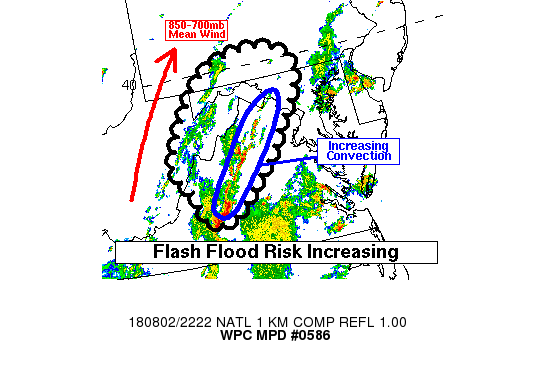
Areas affected...NW VA, W MD, E WV, SC PA

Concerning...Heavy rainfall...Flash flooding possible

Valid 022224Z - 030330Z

Summary...Increasing thunderstorms along and east of the Blue
Ridge Mountains in northern Virginia may begin to repeatedly
affect the same areas and lead to locally heavy rainfall and flash
flooding in those portions of Virginia, and perhaps into western
and central Maryland. Other areas of rain may begin to increase
from eastern West Virginia into southern Pennsylvania. Flash
flooding may be less likely in the immediate future there, but
given wet grounds and elevated streams across the area, flooding
should be considered possible across the entire outlined area.

Discussion...KLWX and KFCX radars showed a quick increase in
convective coverage and intensity along the Blue Ridge Mountains
in northern Virginia. This was also roughly aligned with the
low-mid level mean wind, and thus the developing storms may begin
to train in the confluent flow. The environment over northern
Virginia and central Maryland is characterized by moderate
instability (1500 j/kg MLCAPE) and deep moisture (PW around 2
inches), which should support organized bands of thunderstorms
with the potential for rain rates up to around 2 in/hr. Flash
flood guidance in this area is substantially reduced, with up to
an inch of rain in the preceding 24 hours, and over 3 inches of
rain in the past week. Therefore, training storms could pose a
threat for additional flooding in these areas.

Elsewhere across the area, weaker rain bands were developing in
eastern West Virginia and into southern Pennsylvania. These were
likely weaker due to less access to the primary reservoir of
instability (further east). Nevertheless, increasing forcing into
the evening hours may support a slow uptick in rain coverage and
intensity. Streamflow in this area is generally above the 90th
percentile, so even moderate rain, sustained over several hours,
could lead to additional flooding issues. Furthermore, some of the
hi-res models indicate that the stronger convection may begin to
drift back to the west with time; while that may not be likely, it
is a possibility and would increase the flash flood potential if
that were to occur.